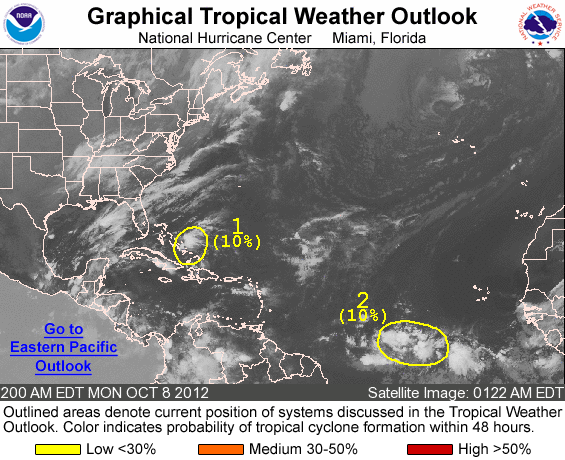
FOR THE NORTH ATLANTIC...CARIBBEAN SEA AND THE GULF OF MEXICO...

1. A TROUGH OF LOW PRESSURE EXTENDING FROM THE SOUTHEASTERN BAHAMAS NORTHWARD OVER THE WESTERN ATLANTIC FOR A COUPLE HUNDRED MILES IS PRODUCING DISORGANIZED SHOWERS AND THUNDERSTORMS. UPPER-LEVEL WINDS ARE FORECAST TO BECOME LESS CONDUCIVE FOR DEVELOPMENT AS THE TROUGH MOVES NORTHWESTWARD AT ABOUT 10 MPH DURING THE NEXT DAY OR TWO. THIS SYSTEM HAS A LOW CHANCE...10 PERCENT...OF BECOMING A TROPICAL CYCLONE DURING THE NEXT 48 HOURS.

2. AN ELONGATED AREA OF SHOWERS AND THUNDERSTORMS OVER THE TROPICAL ATLANTIC ABOUT MIDWAY BETWEEN THE COAST OF AFRICA AND THE NORTHEASTERN COAST OF SOUTH AMERICA IS ASSOCIATED WITH A WEAK AREA OF LOW PRESSURE AND A TROPICAL WAVE. DEVELOPMENT...IF ANY...OF THIS DISTURBANCE IS EXPECTED TO BE SLOW TO OCCUR AS IT MOVES WESTWARD OR WEST-NORTHWESTWARD AT 15 TO 20 MPH DURING THE NEXT COUPLE OF DAYS. THIS SYSTEM HAS A LOW CHANCE...10 PERCENT...OF BECOMING A TROPICAL CYCLONE DURING THE NEXT 48 HOURS.

ELSEWHERE...TROPICAL CYCLONE FORMATION IS NOT EXPECTED DURING THE NEXT 48 HOURS.

FORECASTER BERG